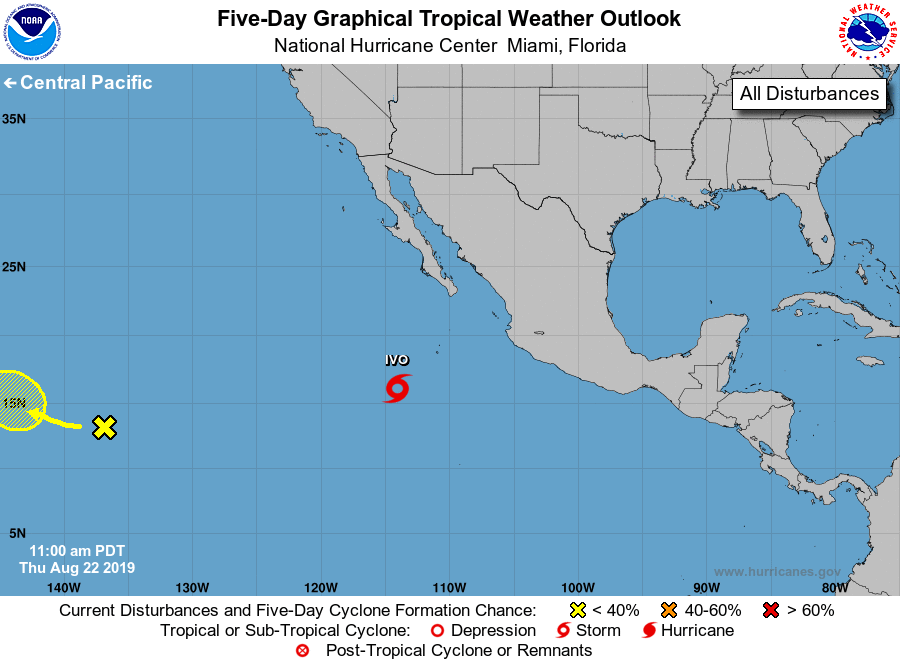
For the eastern North Pacific...east of 140 degrees west longitude:

The National Hurricane Center is issuing advisories on Tropical Storm Ivo, located several hundred miles south-southwest of the southern tip of the Baja California peninsula.

1. A surface trough located about 1200 miles east-southeast of the Big Island of Hawaii continues to produce disorganized cloudiness and showers. Environmental conditions could become conducive for some development in a few days in the central Pacific basin, well to the east of Hawaii, while the system is moving slowly northwestward.
* Formation chance through 48 hours...low...near 0 percent.
* Formation chance through 5 days...low...30 percent.

Forecaster Blake